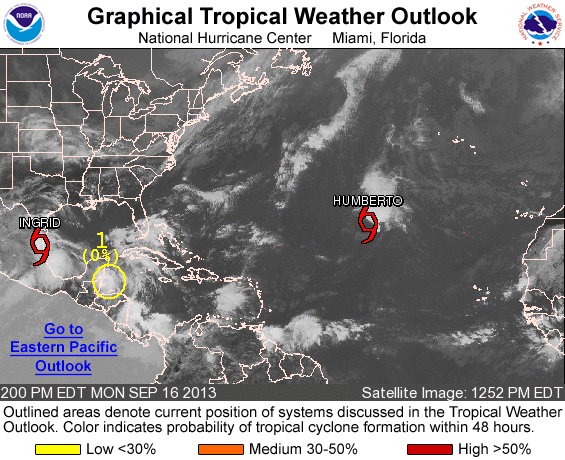
FOR THE NORTH ATLANTIC...CARIBBEAN SEA AND THE GULF OF MEXICO...

THE NATIONAL HURRICANE CENTER IS ISSUING ADVISORIES ON TROPICAL STORM INGRID...LOCATED INLAND WEST OF LA PESCA MEXICO...AND HAS RE-INITIATED ADVISORIES ON TROPICAL STORM HUMBERTO OVER THE EASTERN ATLANTIC WELL TO THE SOUTHWEST OF THE AZORES ISLAND.

1. AN AREA OF DISTURBED WEATHER LOCATED OVER THE NORTHWESTERN CARIBBEAN SEA IS FORECAST TO MOVE WESTWARD OR WEST-NORTHWESTWARD ACROSS THE YUCATAN PENINSULA AND INTO THE SOUTHWESTERN GULF OF MEXICO DURING THE NEXT COUPLE OF DAYS. THIS SYSTEM HAS A LOW CHANCE...NEAR 0 PERCENT...OF BECOMING A TROPICAL CYCLONE DURING THE NEXT 48 HOURS. AFTER THAT...ENVIRONMENTAL CONDITIONS ARE FORECAST TO BE MARGINALLY CONDUCIVE FOR SLOW DEVELOPMENT...AND THIS SYSTEM HAS A LOW CHANCE...20 PERCENT...OF BECOMING A TROPICAL CYCLONE DURING THE NEXT 5 DAYS.

FIVE-DAY FORMATION PROBABILITIES ARE EXPERIMENTAL IN 2013. COMMENTS ON THE EXPERIMENTAL FORECASTS CAN BE PROVIDED AT...

HTTP://WWW.NWS.NOAA.GOV/SURVEY/NWS-SURVEY.PHP?CODE=ETWO

FORECASTER BROWN